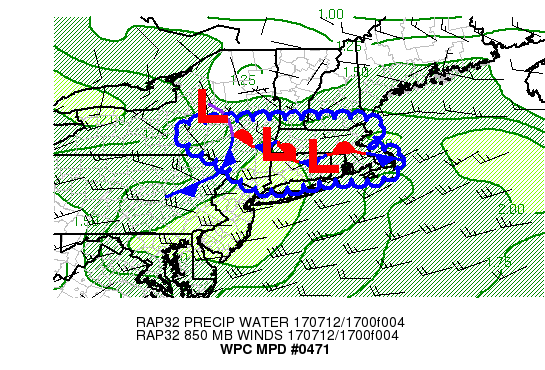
AREAS AFFECTED...SOUTHEAST NY & SOUTHERN NEW ENGLAND

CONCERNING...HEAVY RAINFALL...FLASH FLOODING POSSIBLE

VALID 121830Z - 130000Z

SUMMARY...THUNDERSTORMS ARE BEGINNING TO EXPAND IN COVERAGE ACROSS
THE REGION.  HOURLY RAIN RATES TO 2.5" WITH LOCAL AMOUNTS TO 4"
ARE ANTICIPATED.

DISCUSSION...IN THE 18Z MESOSCALE ANALYSIS, A STATIONARY FRONT
SHOWS UP IN SOUTHERN NEW ENGLAND AND EASTERN NY AHEAD OF A SURFACE
LOW.  INFLOW AT 850 HPA IS SLIGHTLY CONVERGENT AND ~15 KTS, BUT
EFFECTIVE BULK SHEAR OF ~30 KTS IS STARTING TO LEAD TO SOME
ORGANIZATION IN THE FORM OF OCCASIONAL SHORT TRAINING BANDS.
PRECIPITABLE WATER VALUES ARE CLOSE TO 2".  THERE IS SOME
INDICATION OF BACKBUILDING CONVECTION ACROSS CT AND MA TOWARDS THE
BERKSHIRES.  MLCAPE VALUES ARE 1000-2000 J/KG.

THERE IS A SIGNAL FOR POCKETS OF HEAVY RAINFALL ACROSS THIS REGION
UNTIL 00Z WHEN INSTABILITY IS EXPECTED TO BECOME EXHAUSTED.
ORGANIZED THUNDERSTORMS SHOULD MOVE EAST-SOUTHEAST AT ~ 25 KTS.
THE BOUNDARY ACROSS SOUTHERN NEW ENGLAND IS EXPECTED TO SAG SOUTH
AS OUTFLOW BOUNDARIES PUSH IT SOUTHWARD.  SLOWLY INCREASING INFLOW
AT 850 HPA COULD LEAD TO SOME CONTINUED BACKBUILDING, BUT THE MAIN
HEAVY RAIN THREAT IS EXPECTED TO OCCUR IN SHORT TRAINING BANDS.
HOURLY RAIN RATES UP TO 2.5" WITH LOCAL AMOUNTS TO 4" ARE EXPECTED.